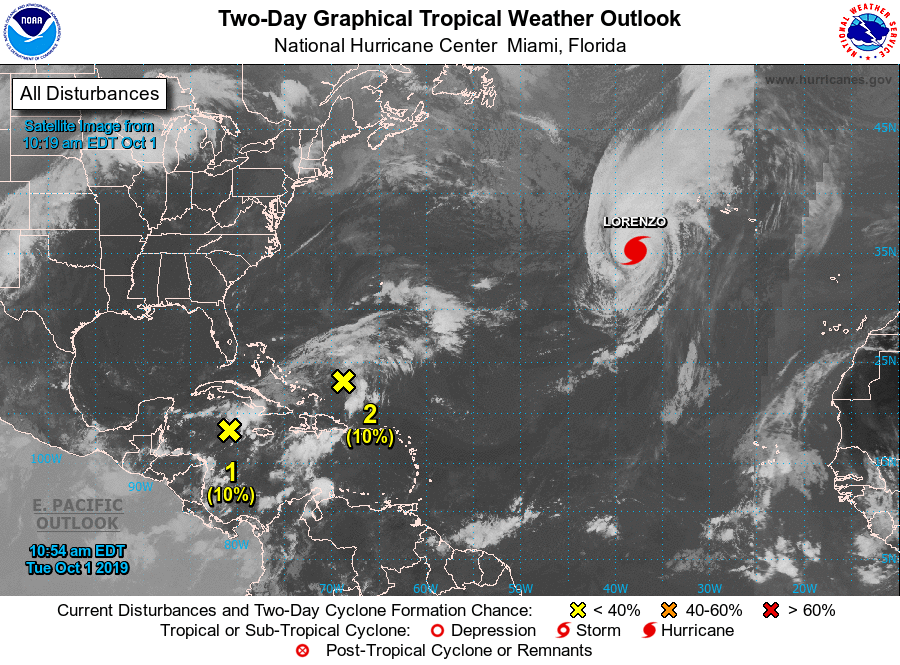
For the North Atlantic...Caribbean Sea and the Gulf of Mexico:

The National Hurricane Center is issuing advisories on Hurricane Lorenzo, located several hundred miles southwest of the western Azores.

1. A broad area of low pressure located over the northwestern Caribbean Sea is producing an area of disorganized cloudiness and thunderstorms. Development, if any, of this system is expected to be slow to occur while it moves to the west-northwest near the Yucatan peninsula in a couple of days, and across the southern Gulf of Mexico by Friday.
* Formation chance through 48 hours...low...10 percent.
* Formation chance through 5 days...low...10 percent.

2. Disorganized cloudiness and showers extending from the southeastern Bahamas northeastward over the western Atlantic for several hundred miles are associated with a surface trough. Any development of this system is expected to be slow to occur while it moves to the northeast at 5 to 10 mph, well south and east of Bermuda.
* Formation chance through 48 hours...low...10 percent.
* Formation chance through 5 days...low...10 percent.

Forecaster Brown